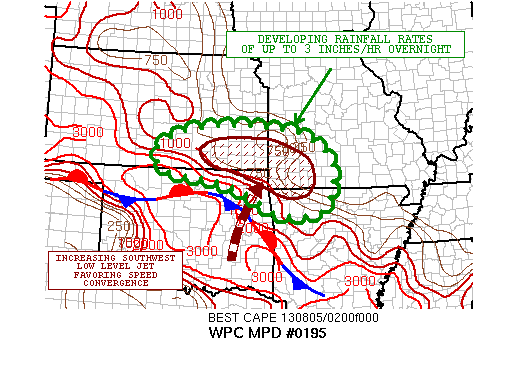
AREAS AFFECTED...SOUTHEAST KS...SOUTHWEST MO...EXTREME NORTHEAST
OK...NORTHWEST AR

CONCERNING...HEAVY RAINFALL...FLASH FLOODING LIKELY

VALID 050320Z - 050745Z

SUMMARY...CONVECTIVE INITIATION HAS BEGUN OVER SERN KS...WITH
CONVECTION EXPECTED TO CONTINUE TO DEVELOP AND EXPAND IN COVERAGE
OVERNIGHT. SLOW MOVEMENT OVER NEARLY SATURATED SOIL WILL SUPPORT
AN ELEVATED RISK OF FLASH FLOODING.

DISCUSSION...LATEST IR SATELLITE IMAGERY AND RADAR TRENDS CONFIRM
CONVECTIVE INITIATION OVER SERN KS OVER THE LAST HOUR...WITH A
SMALL CLUSTER OF SHWRS/TSTMS SW OF KCNU. LATEST RAP ANALYSIS SHOWS
THE CONVECTION EMBEDDED WITHIN A WELL-DEFINED ELEVATED INSTABILITY
GRADIENT TO THE NORTH OF A STATIONARY FRONT. THE LATEST RAP
ANALYSIS SUGGESTS AN UPTICK IN THE SWLY LOW LEVEL JET OVER THE
LAST 1 TO 2 HOURS AND RESULTING SPEED CONVERGENCE...AND THE LATEST
GLOBAL MODEL GUIDANCE INDICATES A GRADUAL VEERING AND
STRENGTHENING OF THE LOW LEVEL FLOW THROUGH 06Z INTO THE
AFOREMENTIONED FRONT...SUPPORTING STRENGTHENING WARM ADVECTION AND
RESULTANT FORCING. A POOL OF MUCAPE VALUES OF 3000 TO 4000 J/KG
WERE NOTED OVER MUCH OF OK AT 02Z AND THIS HIGHLY FAVORABLE
THERMODYNAMIC ENVIRONMENT WILL BE ADVANCING INTO AND OVER THE
FRONT IN AN ELEVATED FASHION OVERNIGHT.

CONVECTION SHOULD INCREASE AND ORGANIZE IN COVERAGE OVER THE NEXT
FEW HOURS...IMPACTING SERN KS AND GRADUALLY THREATENING SWRN MO.
CANNOT RULE OUT EXTREME NERN OK AND NWRN AR SEEING ACTIVITY
EVENTUALLY AS CONVECTIVE CLUSTERS BECOME BETTER ORGANIZED.

A LARGE AREA OF 2.0 TO 2.25 INCH PWATS ARE NOTED OVER THE THREAT
AREA...WHICH WILL SUPPORT RAINFALL RATES OF UP TO 3 INCHES/HR.
THIS COUPLED WITH SLOW EAST TO EAST-SOUTHEAST MOVEMENT NORTH OF
THE FRONT MAY RESULT IN SOME EXTREMELY HVY RAINFALL AMTS
OVERNIGHT. GIVEN NEARLY SATURATED SOIL...THERE IS A RISK FOR
SIGNIFICANT FLASH FLOODING.